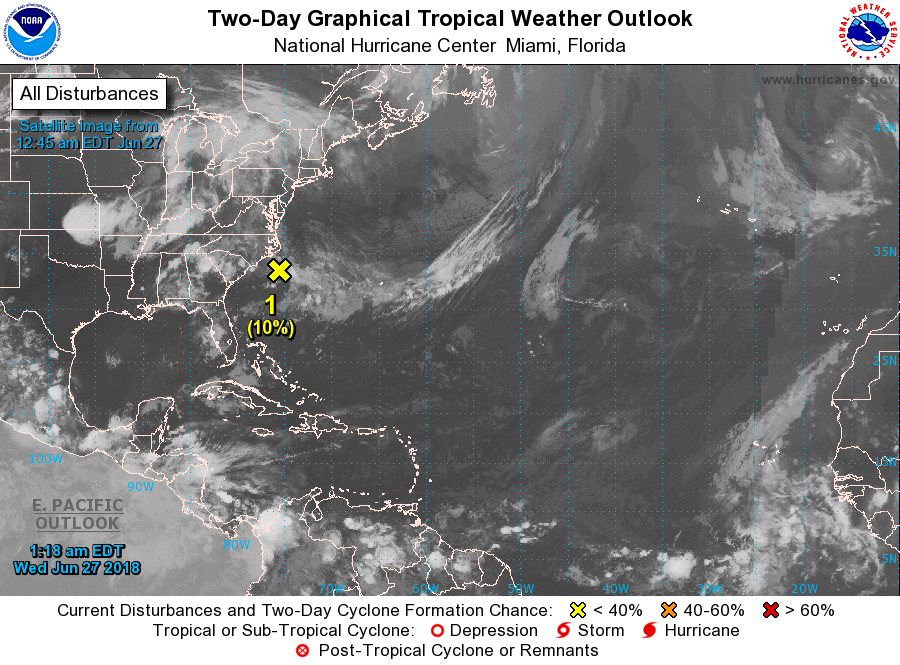
For the North Atlantic...Caribbean Sea and the Gulf of Mexico:

1. A weak, non-tropical low pressure system located just offshore of the southeastern coast of North Carolina is producing a small area of disorganized cloudiness and showers. Environmental conditions are expected to be only marginally conducive for some limited development of this system during the next day or two before the low moves northeastward away from the United States.
* Formation chance through 48 hours...low...10 percent.
* Formation chance through 5 days...low...10 percent.

Forecaster Stewart